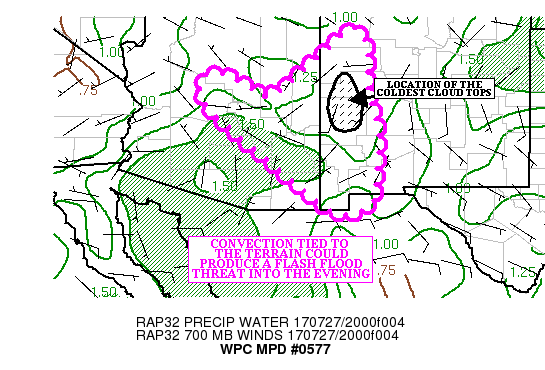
AREAS AFFECTED...CENTRAL AND SOUTHEAST AZ...WESTERN NM

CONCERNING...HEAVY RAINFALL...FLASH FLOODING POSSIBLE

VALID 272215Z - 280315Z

SUMMARY...SLOW MOVING CELLS TIED TO THE TERRAIN IN A HIGH MOISTURE
ENVIRONMENT COULD RESULT IN A LOCAL FLASH FLOOD THREAT INTO THE
EVENING HOURS.

DISCUSSION...REGIONAL RADARS INDICATED THAT THE COVERAGE OF
CONVECTION TIED MAINLY TO THE TERRAIN ACROSS CENTRAL AND SOUTHEAST
AZ AND NEARBY WESTERN NM HAS INCREASED. A LOW TO MID LEVEL EAST TO
SOUTHEAST FLOW CONTINUES TO FEED 1.25/1.50 INCH PRECIPITABLE WATER
AIR IN AN UPSLOPE FLOW ACROSS THE REGION...WHERE THE LATEST RAP
ANALYSIS SHOWED AXES OF 500-1000 J/KG OF MLCAPE.

THE EXPERIMENTAL GOES-16 CLEAN IR CHANNEL SHOWED COOLING TOPS WITH
THE CONVECTION... PARTICULARLY OVER WESTERN NM. BOTH THE KFSX AND
KABX RADAR SHOWED HOURLY RAINFALL RATES BETWEEN 1.50 AND 2.00
INCHES...THOUGH THE HCA PRODUCTS FROM THESE RADARS SUGGEST SOME OF
THIS COULD BE HAIL CONTAMINATED.

THE COMBINATION OF MOISTURE AND INSTABILITY IS FEEDING CONVECTION
THAT HAS BECOMES TIED TO THE TERRAIN IN THE LOW TO MID LEVEL
EASTERLY FLOW ON THE SOUTH SIDE OF THE MID LEVEL RIDGE. THE 700 MB
FLOW OVER EASTERN AZ AND WESTERN NM IS GENERALLY UNDER 10
KNOTS...AND PROPAGATION VECTORS ARE ALSO GENERALLY WEAK. THIS
SUGGESTS THAT THE STORMS WILL REMAIN TIED TO THE TERRAIN THROUGH
PEAK HEATING...THEN MOVE WESTWARD WITH THE MEAN 850-300 MB FLOW.

THE RELATIVELY SLOW MOVEMENT IN THE HIGH MOISTURE ENVIRONMENT
COULD RESULT IN A FLASH FLOOD THREAT...PARTICULARLY WHERE CELL
MERGERS OR SHORT TERM TRAINING OCCURS. THIS COULD RESULT IN HOURLY
RAINFALL RATES NEAR 1.50 INCHES...WITH LOCAL 3.00 INCH STORM
TOTALS POSSIBLE. ONE HOUR FLASH FLOOD GUIDANCE VALUES ARE AS LOW
AS AN INCH...AND ANY STORM COULD PRODUCE RAINFALL AMOUNTS THAT
EXCEED THESE VALUES.

AS THE CELLS MOVE OUT OF THE TERRAIN...THE THREAT FOR TRAINING OR
MERGERS SHOULD DECREASE...ALLOWING THE FLASH FLOOD THREAT TO WANE
LATER THIS EVENING.